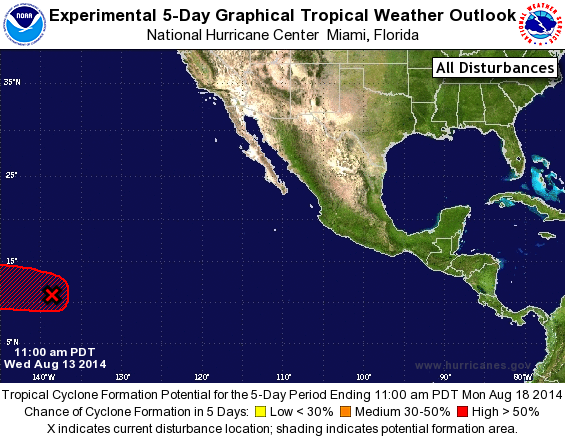
For the eastern North Pacific...east of 140 degrees west longitude:

The National Hurricane Center is issuing advisories on recently upgraded Tropical Storm Karina, located several hundred miles south of the southern tip of Baja California, Mexico.

1. A broad low pressure system, located about 1200 miles east-southeast of the Big Island of Hawaii, is moving westward at around 10 mph and should move into the central Pacific basin by Thursday. Although shower and thunderstorm activity has changed little during the past several hours, environmental conditions are expected to gradually become more conducive for development over the next several days, especially after the system enters the Central Pacific Hurricane Center's area of responsibility.
* Formation chance through 48 hours...medium...30 percent.
* Formation chance through 5 days...high...70 percent.

Public Advisories on Tropical Storm Karina are issued under WMO header WTPZ31 KNHC and under AWIPS header MIATCPEP1. Forecast/Advisories on Tropical Storm Karina are issued under WMO header WTPZ21 KNHC and under AWIPS header MIATCMEP1.

Forecaster Stewart